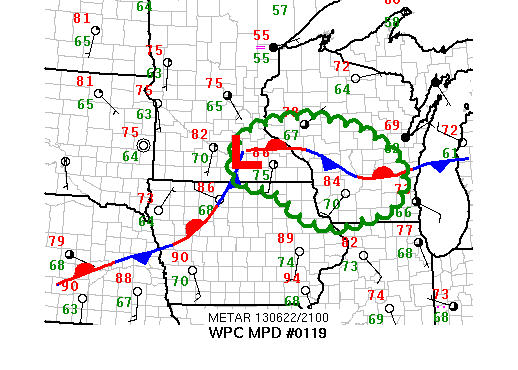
AREAS AFFECTED...NERN IA...SERN MN INTO WRN WI

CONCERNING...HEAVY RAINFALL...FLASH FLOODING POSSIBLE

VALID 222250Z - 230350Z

SUMMARY...CONVECTION IS EXPECTED TO INCREASE THIS EVENING NEAR A
WELL DEFINED FRONTAL BOUNDARY AND POSE AN INCREASED RISK OF FLASH
FLOODING DUE TO ANTECEDENT HEAVY RAINFALL.

DISCUSSION...KMPX RADAR IMAGERY SHOWS SEVERAL CONVECTIVE CELLS
HAVE DEVELOPED WITHIN THE PAST HOUR NEAR A WELL DEFINED STATIONARY
BOUNDARY WHICH EXTENDED WWD ACROSS WISCONSIN INTO A SFC LOW
LOCATED IN SERN MINNESOTA. 22Z RAP MESOANALYSIS INDICATES DIABATIC
HEATING SOUTH OF THE FRONT HAS ALLOWED ML CAPE VALUES TO RISE INTO
THE 2000 - 4000 J/KG RANGE AND CONVECTION APPEARS TO BE TIED TO
WEAK IMPULSE ALOFT MOVING THROUGH NWRN IOWA NOTED ON GOES RGB
AIRMASS SOUNDER IMAGERY. DEEP LOW LEVEL MOISTURE INDICATED BY
SURFACE DEWPOINTS IN THE LOWER 70S COULD SUPPORT ONE HOUR RAINFALL
RATES OF 1-2 IN/HR.

WITH MEAN LAYER FLOW OVER THE REGION FROM THE SOUTHWEST AT 20 - 30
KTS AND SIMILAR LOW LEVEL FLOW OF ROUGHLY THE SAME
MAGNITUDE/DIRECTION... TRAINING CELLS WILL BE POSSIBLE OVER THE
NEXT FEW HOURS AS THESE WIND FIELDS SHOULD REMAIN SIMILAR INTO THE
EARLY OVERNIGHT HOURS PER SHORT TERM RAP GUIDANCE. FLASH FLOOD
GUIDANCE ACROSS SOUTHERN PORTIONS OF THE THREAT REGION IS 1-2 IN /
3 HR DUE IN PART FROM RECENT HEAVY RAINFALL. RECENT RUNS OF THE
HRRR HAVE BEEN CONSISTENT IN EXCEEDING THESE NUMBERS THROUGH 03Z
WITH GENERAL SUPPORT FROM THE 12Z HRW NMM/ARW AND NSSL WRF
ALTHOUGH PLACEMENT DIFFERS A BIT IN THESE MODELS.